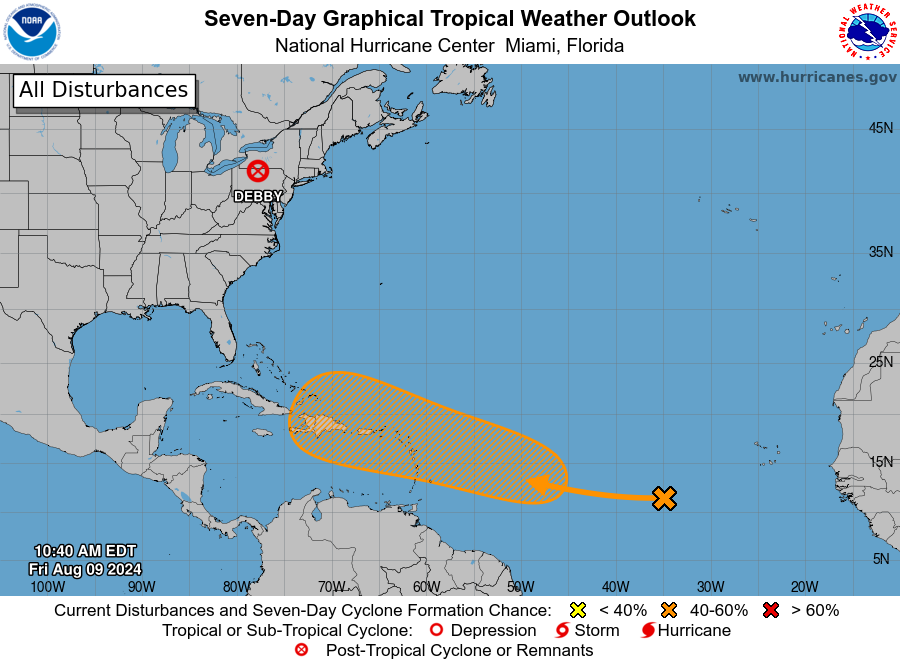
For the North Atlantic...Caribbean Sea and the Gulf of Mexico:

Active Systems: The Weather Prediction Center is issuing advisories on Post-Tropical Cyclone Debby, located inland over the Mid-Atlantic region.

1. Near the Lesser and Greater Antilles: A tropical wave located several hundred miles to the west-southwest of the Cabo Verde Islands is producing a large area of disorganized showers and thunderstorms over the tropical Atlantic. Any development of the wave should be slow to occur during the next couple of days while it moves westward across the central tropical Atlantic. Afterwards, conditions are expected to become more conducive for development while the wave moves west-northwestward, and a tropical depression could form by early next week while the system approaches the Lesser Antilles. The system is then forecast to continue moving generally west-northwestward and could approach the Greater Antilles by the middle part of next week.
* Formation chance through 48 hours...low...near 0 percent.
* Formation chance through 7 days...medium...60 percent.

Forecaster Reinhart